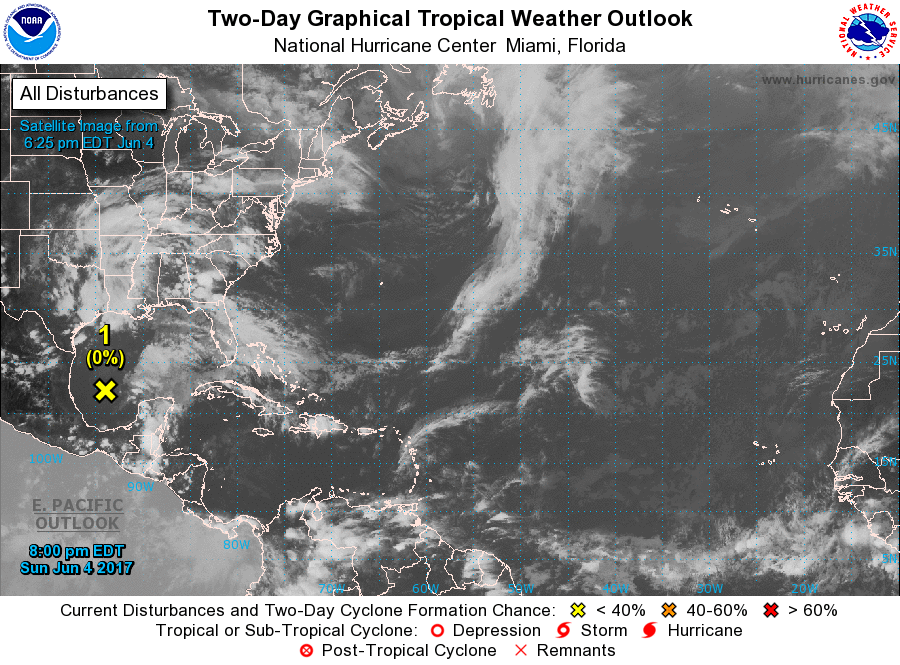
For the North Atlantic...Caribbean Sea and the Gulf of Mexico:

1. A weak area of low pressure, associated with the remnants of eastern Pacific Tropical Storm Beatriz, is located over the southwestern Gulf of Mexico about 250 miles east of Tampico, Mexico. Strong upper-level winds have displaced the associated cloudiness and showers well to the east of the center, and tropical cyclone formation is not expected. For additional information on this system, please see High Seas Forecasts issued by the National Weather Service.
* Formation chance through 48 hours...low...near 0 percent.
* Formation chance through 5 days...low...near 0 percent.

High Seas Forecasts issued by the National Weather Service can be found under AWIPS header NFDHSFAT1, WMO header FZNT01 KWBC, and on the Web at http://www.opc.ncep.noaa.gov/shtml/NFDHSFAT1.shtml.

Forecaster Cangialosi